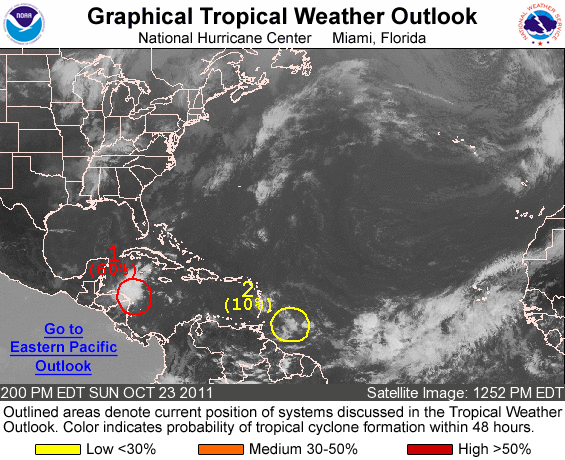
FOR THE NORTH ATLANTIC...CARIBBEAN SEA AND THE GULF OF MEXICO...

1. SHOWERS AND THUNDERSTORMS ASSOCIATED WITH THE AREA OF LOW PRESSURE CENTERED ABOUT 100 MILES EAST OF THE NICARAGUA AND HONDURAS BORDER HAVE CHANGED LITTLE IN ORGANIZATION OVER THE PAST SEVERAL HOURS. ENVIRONMENTAL CONDITIONS ARE MARGINALLY FAVORABLE FOR DEVELOPMENT...BUT ONLY A SLIGHT INCREASE IN ORGANIZATION WOULD RESULT IN THE FORMATION OF A TROPICAL DEPRESSION LATER TODAY OR TONIGHT. THIS SYSTEM HAS A HIGH CHANCE...60 PERCENT...OF BECOMING A TROPICAL CYCLONE DURING THE NEXT 48 HOURS AS IT MOVES GENERALLY NORTHWESTWARD AT 5 TO 10 MPH. AN AIR FORCE RESERVE UNIT HURRICANE HUNTER AIRCRAFT IS CURRENTLY EN ROUTE TO INVESTIGATE THIS DISTURBANCE. REGARDLESS OF DEVELOPMENT...LOCALLY HEAVY RAINS AND GUSTY WINDS ARE EXPECTED TO AFFECT PORTIONS OF HONDURAS AND NORTHEASTERN NICARAGUA THROUGH MONDAY.

2. A BROAD LOW PRESSURE AREA LOCATED SEVERAL HUNDRED MILES EAST OF THE SOUTHERN WINDWARD ISLANDS CONTINUES TO PRODUCE DISORGANIZED SHOWERS AND THUNDERSTORMS. DEVELOPMENT...IF ANY...OF THIS DISTURBANCE IS LIKELY TO BE SLOW TO OCCUR. THIS SYSTEM HAS A LOW CHANCE...10 PERCENT...OF BECOMING A TROPICAL CYCLONE DURING THE NEXT 48 HOURS AS IT MOVES SLOWLY WEST-NORTHWESTWARD.

ELSEWHERE...TROPICAL CYCLONE FORMATION IS NOT EXPECTED DURING THE NEXT 48 HOURS.

FORECASTER BROWN/PASCH